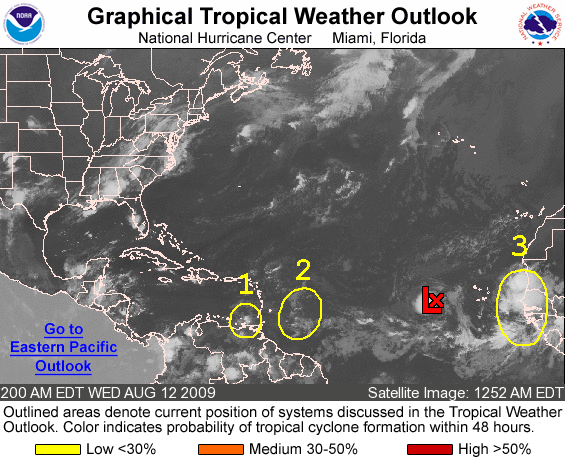
FOR THE NORTH ATLANTIC...CARIBBEAN SEA AND THE GULF OF MEXICO...

THE NATIONAL HURRICANE CENTER IS ISSUING ADVISORIES ON TROPICAL DEPRESSION TWO...LOCATED ABOUT 475 MILES WEST OF THE SOUTHERNMOST CAPE VERDE ISLANDS.

1. A SMALL LOW OVER THE SOUTHEASTERN CARIBBEAN SEA IS PRODUCING A LIMITED AREA OF SHOWERS AND THUNDERSTORMS. DEVELOPMENT OF THIS SYSTEM IS NOT EXPECTED AND THERE IS A LOW CHANCE...LESS THAN 30 PERCENT...OF IT BECOMING A TROPICAL CYCLONE DURING THE NEXT 48 HOURS.

2. SHOWER AND THUNDERSTORM ACTIVITY ASSOCIATED WITH A TROPICAL WAVE LOCATED ABOUT 420 MILES EAST OF THE LESSER ANTILLES REMAINS MINIMAL. DEVELOPMENT...IF ANY...OF THIS SYSTEM IS EXPECTED TO BE SLOW TO OCCUR AS IT MOVES WEST TO WEST-NORTHWESTWARD AT 10 TO 15 MPH. THERE IS A LOW CHANCE...LESS THAN 30 PERCENT...OF THIS SYSTEM BECOMING A TROPICAL CYCLONE DURING THE NEXT 48 HOURS.

3. A LARGE AREA OF SHOWERS AND THUNDERSTORMS NEAR THE COAST OF WESTERN AFRICA IS ASSOCIATED WITH A VIGOROUS TROPICAL WAVE. SOME SLOW DEVELOPMENT OF THIS SYSTEM IS POSSIBLE OVER THE NEXT FEW DAYS AS IT MOVES TO THE WEST AT 10 TO 15 MPH. THERE IS A LOW CHANCE... LESS THAN 30 PERCENT...OF THIS SYSTEM BECOMING A TROPICAL CYCLONE DURING THE NEXT 48 HOURS.

ELSEWHERE...TROPICAL CYCLONE FORMATION IS NOT EXPECTED DURING THE NEXT 48 HOURS.

PUBLIC ADVISORIES ON TROPICAL DEPRESSION TWO ARE ISSUED UNDER WMO HEADER WTNT32 KNHC AND UNDER AWIPS HEADER MIATCPAT2. FORECAST/ ADVISORIES ON TROPICAL DEPRESSION TWO ARE ISSUED UNDER WMO HEADER WTNT22 KNHC AND UNDER AWIPS HEADER MIATCMAT2.

FORECASTER BLAKE